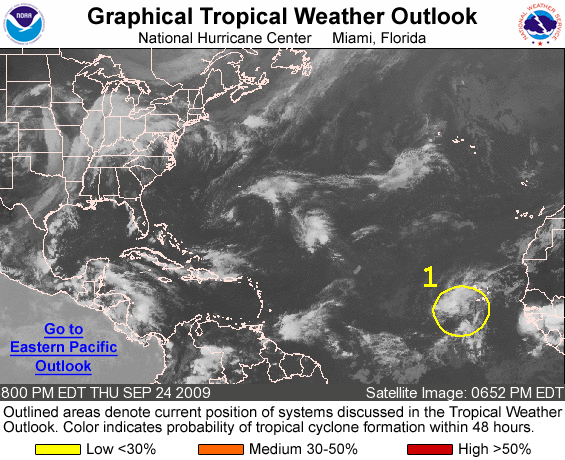
FOR THE NORTH ATLANTIC...CARIBBEAN SEA AND THE GULF OF MEXICO...

1. DISORGANIZED SHOWERS AND THUNDERSTORMS LOCATED A COUPLE HUNDRED MILES WEST OF THE CAPE VERDE ISLANDS ARE ASSOCIATED WITH A TROPICAL WAVE. SOME SLOW DEVELOPMENT OF THIS SYSTEM IS POSSIBLE DURING THE NEXT DAY OR TWO AS IT MOVES WEST-NORTHWESTWARD AT 10 TO 15 MPH. THERE IS A LOW CHANCE...LESS THAN 30 PERCENT...OF THIS SYSTEM BECOMING A TROPICAL CYCLONE DURING THE NEXT 48 HOURS.

ELSEWHERE...TROPICAL CYCLONE FORMATION IS NOT EXPECTED DURING THE NEXT 48 HOURS.

FORECASTER BROWN